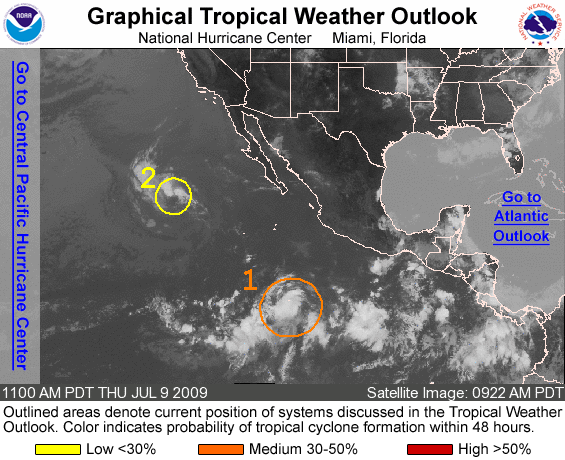
FOR THE EASTERN NORTH PACIFIC...EAST OF 140 DEGREES WEST LONGITUDE..

1. SHOWERS AND THUNDERSTORMS ASSOCIATED WITH AN AREA OF DISTURBED WEATHER ABOUT 900 MILES SOUTH OF THE SOUTHERN TIP OF BAJA CALIFORNIA HAVE BECOME BETTER ORGANIZED THIS MORNING. ADDITIONAL DEVELOPMENT IS POSSIBLE...AND THIS SYSTEM COULD BECOME A TROPICAL DEPRESSION DURING THE NEXT DAY OR TWO AS IT MOVES WEST TO WEST- NORTHWEST AT 10 TO 15 MPH. THERE IS A MEDIUM CHANCE...30 TO 50 PERCENT...OF THIS SYSTEM BECOMING A TROPICAL CYCLONE DURING THE NEXT 48 HOURS.

2. THE REMNANTS OF BLANCA...ACCOMPANIED BY A FEW SHOWERS...ARE CENTERED ABOUT 875 MILES WEST OF THE SOUTHERN TIP OF BAJA CALIFORNIA.

ELSEWHERE...TROPICAL CYCLONE FORMATION IS NOT EXPECTED DURING THE NEXT 48 HOURS.

FORECASTER KIMBERLAIN/AVILA